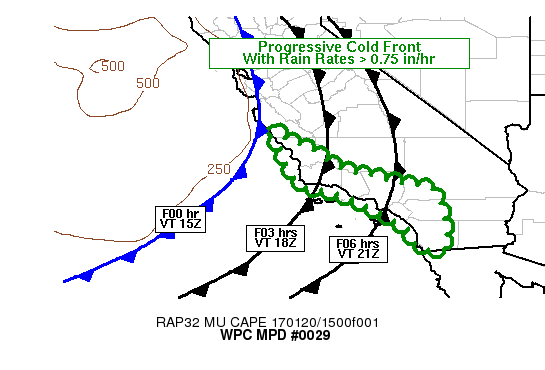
AREAS AFFECTED...CNTRL TO SRN CA COAST

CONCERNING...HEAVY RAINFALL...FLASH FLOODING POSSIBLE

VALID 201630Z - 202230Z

SUMMARY...A FLASH FLOOD AND FLOOD THREAT WILL CONTINUE TO AFFECT
THE CNTRL AND SRN CA COASTAL REGIONS THROUGH 22Z. SHORT TERM BUT
HIGH RAINFALL RATES OF 1-2 INCHES IN 3 HOURS ARE EXPECTED.

DISCUSSION...LOOPS OF WATER VAPOR IMAGERY OVER THE PAST FEW HOURS
HAVE SHOWN A REGION OF ROBUST DARKENING MOVING INTO THE CNTRL CA
COAST COINCIDENT WITH THE LEADING EDGE OF A STRONG UPPER LEVEL
JET...WITH 150 KTS NOTED ON THE 12Z VBG SOUNDING BETWEEN 200 AND
250 MB. THE SOUNDING ALSO SHOWED SSWLY FLOW OF 60 KTS AROUND 800
MB AND PRECIPITABLE WATER NEAR 0.8 INCHES. THE STRONG LOW LEVEL
FLOW AND POWERFUL JET DYNAMICS ARE HELPING TO OVERCOME ONLY MODEST
MOISTURE ANOMALIES OF +1 TO +2 STANDARD DEVIATIONS ABOVE THE MEAN.
15Z SURFACE OBSERVATIONS PLACED A COLD FRONT JUST PAST MONTEREY
BAY WITH SEVERAL FLASH FLOOD WARNINGS JUST NORTH AND SOUTH OF THE
SAN FRANCISCO BAY AREA.

AS THE COLD FRONT CONTINUES TO STEADILY PROGRESS DOWN THE CA
COASTLINE TODAY...PRECIPITABLE WATER VALUES ARE EXPECTED TO REMAIN
STEADY AHEAD OF THE BOUNDARY UNTIL 20-21Z AT WHICH POINT MAXIMUM
VALUES ARE FORECAST BY RECENT RUNS OF THE RAP TO BE WITHIN A TENTH
OF AN INCH OF 1.0 INCHES FOR SRN LOS ANGELES AND ORANGE
COUNTIES...ALLOWING FOR SLIGHTLY INCREASED INTEGRATED VAPOR
TRANSPORT INTO SRN CA. FORECAST MUCAPE IS EXPECTED TO REMAIN
LOW...UP TO ABOUT 250 J/KG...BUT SUPPORTIVE OF THUNDERSTORMS WITH
RAINFALL RATES OF 0.75 TO 1 IN/HR GIVEN ADDED LIFT TIED TO THE
LEFT EXIT REGION OF THE AFOREMENTIONED JET AS IT SLIDES DOWN THE
CA COASTLINE THROUGHOUT THE DAY.

GIVEN THE WELL ABOVE AVERAGE RAINFALL OVER THE PAST 2 WEEKS NORTH
OF POINT CONCEPTION AND THE POTENTIAL FOR SHORT TERM BUT INTENSE
RAINFALL RATES ALONG MOST OF THE CNTRL/SRN CA COASTLINE...FLASH
FLOODING AND FLOODING ARE POSSIBLE.